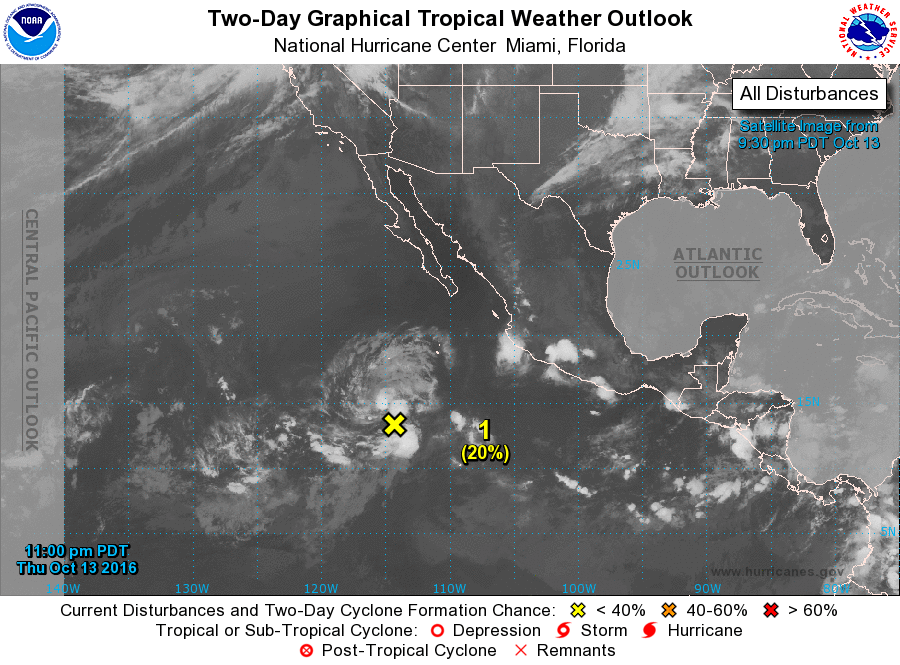
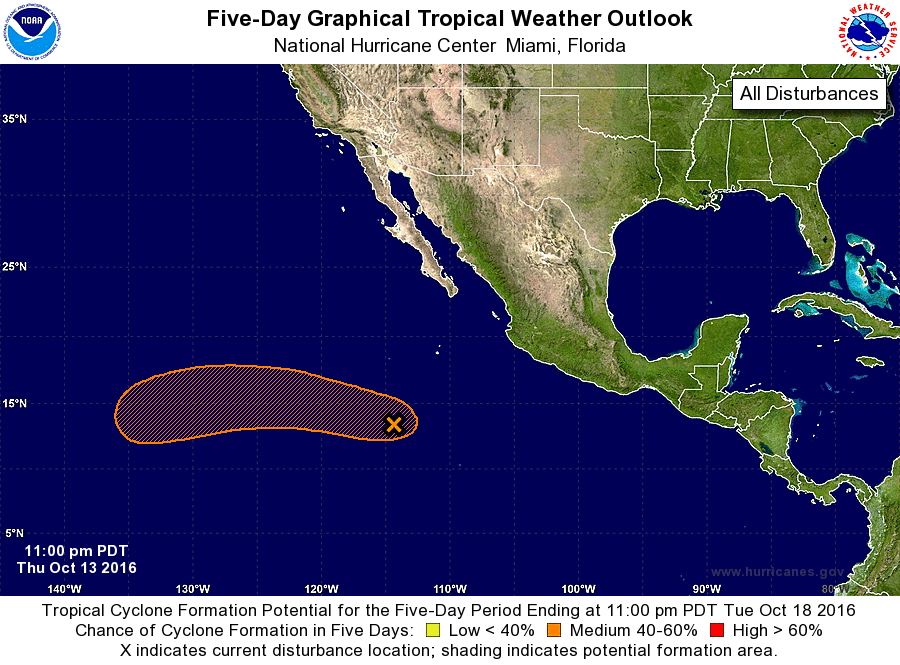
For the eastern North Pacific...east of 140 degrees west longitude:

1. Showers and thunderstorms associated with a broad area of low pressure located several hundred miles south-southwest of the southern tip of the Baja California peninsula remain disorganized. Some slow development of this disturbance is still possible during the next several days while it moves generally westward at 15 mph.
* Formation chance through 48 hours...low...20 percent
* Formation chance through 5 days...medium...40 percent

Forecaster Avila